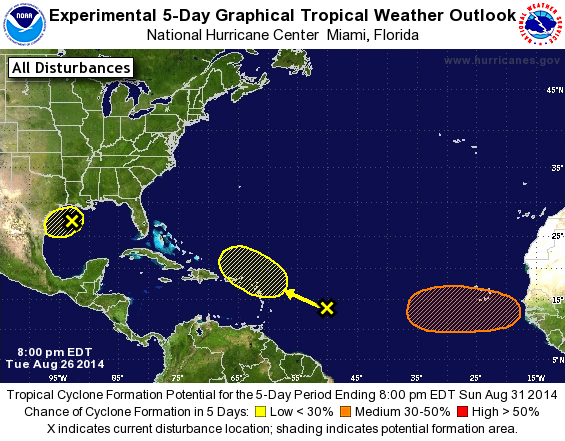
For the North Atlantic...Caribbean Sea and the Gulf of Mexico:

The National Hurricane Center is issuing advisories on Hurricane Cristobal, located several hundred miles west-southwest of Bermuda.

1. Disorganized showers and thunderstorms over the northern Gulf of Mexico are associated with a trough of low pressure that is moving slowly west-southwestward. Upper-level winds are not expected to be conducive for significant development before the system moves inland in a couple of days.
* Formation chance through 48 hours...low...10 percent.
* Formation chance through 5 days...low...10 percent.

2. A tropical wave located about 750 miles east of the Lesser Antilles continues to produce a large area of disorganized showers and thunderstorms. Environmental conditions are not expected to be favorable for significant development during the next couple of days, but could become slightly more conducive by the end of the week or this weekend while the system moves west-northwestward at about 15 mph.
* Formation chance through 48 hours...low...near 0 percent.
* Formation chance through 5 days...low...20 percent.

3. A tropical wave is forecast to move off the west coast of Africa late this week. Conditions appear to be favorable for some development thereafter while the system moves westward at 10 to 15 mph across the eastern Atlantic.
* Formation chance through 48 hours...low...near 0 percent.
* Formation chance through 5 days...medium...40 percent.

Forecaster Pasch